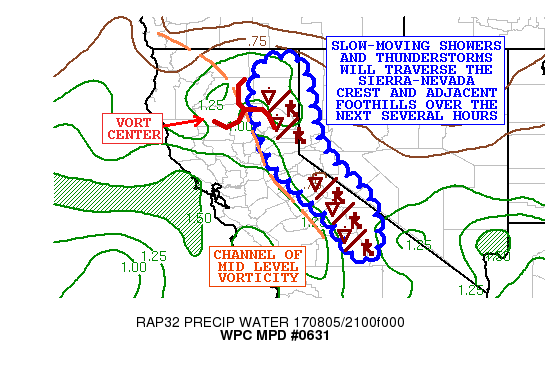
AREAS AFFECTED...SIERRA-NEVADA AND ADJACENT FOOTHILLS

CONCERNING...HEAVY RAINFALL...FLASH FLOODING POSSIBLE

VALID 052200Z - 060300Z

SUMMARY...SLOW-MOVING SHOWERS AND THUNDERSTORMS WITH HEAVY
RAINFALL WILL BE EXPANDING IN COVERAGE UP OVER THE SIERRA-NEVADA
MOUNTAINS AND WESTERN FOOTHILLS OVER THE NEXT FEW HOURS.

DISCUSSION...THE MID-AFTERNOON NON-OPERATIONAL GOES-16 0.64
MICRON/VIS IMAGERY SHOWS A CU/TCU FIELD BECOMING INCREASINGLY
AGITATED OVER MUCH OF THE SIERRA-NEVADA MOUNTAIN CHAIN ALONG WITH
THE ADJACENT FOOTHILLS TO THE EAST AND WEST OF THE CREST. ALREADY
A CLUSTER OF SLOW-MOVING THUNDERSTORMS HAVE DEVELOPED WEST OF
MAMMOTH LAKES AND BISHOP...AND SOME SUGGESTION OF ACTIVITY
INITIATING IN BETWEEN BLUE CANYON AND TRUCKEE.

A NARROW CHANNEL OF MID LEVEL VORTICITY AND LOCALLY ENHANCED
MOISTURE CONCENTRATION IS SEEN UP ALONG THE SIERRA-NEVADA CREST
AND THIS COUPLED WITH OROGRAPHIC FORCING AND DIURNAL HEATING
SHOULD ALLOW CONVECTION TO DEVELOP AND BECOME LOCALLY CONCENTRATED
THROUGH THE AFTERNOON AND EARLY EVENING HOURS ACROSS THE REGION.
THE PWATS ACROSS THE REGION ARE RATHER ANOMALOUS...UPWARDS OF 2 TO
3 SIGMAS ABOVE NORMAL...AND WITH NOTABLE CONTRIBUTION FROM THE
GREATER MID/HIGH LEVEL MOISTURE CONCENTRATIONS AS SEEN IN CIRA-LPW
DATA.

EXPECT THE CONVECTION TO BE CAPABLE OF PRODUCING AS MUCH AS 1 TO
1.5 INCHES OF RAIN IN AN HOUR....WITH LOCALIZED STORM TOTALS
EXCEEDING 2 TO 3 INCHES THROUGH 03Z GIVEN THE EXPECTED SLOW CELL
MOTION AND POTENTIAL FOR SOME REPEATING CELL ACTIVITY OVER THE
HIGH TERRAIN. THE LATEST HRRR AND HRRRX GUIDANCE ALONG WITH THE
12Z NMMB/NSSL-WRF RUNS SUPPORT THIS SCENARIO.

RUNOFF MAY BE LOCALLY ENHANCED GIVEN THE STEEP TERRAIN...AND FLASH
FLOODING WILL BE POSSIBLE AS A RESULT. AREA BURN SCARS WILL BE
PARTICULARLY SUSCEPTIBLE TO THESE THREATS GOING INTO THE EVENING
HOURS. WILL CONTINUE TO MONITOR.